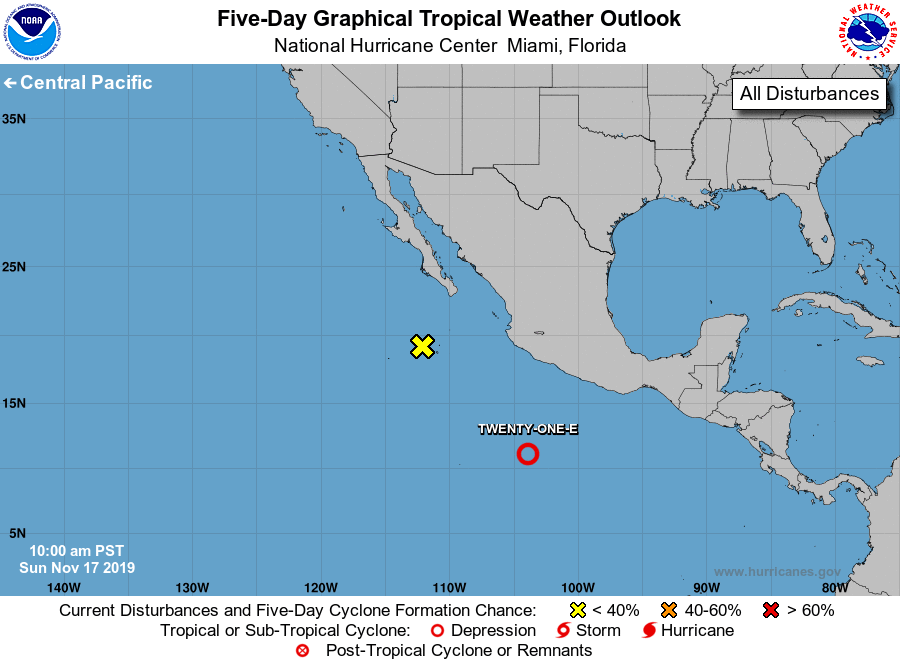
For the eastern North Pacific...east of 140 degrees west longitude:

The National Hurricane Center has issued the last advisory on Tropical Depression Raymond, and is issuing advisories on Tropical Depression Twenty-One-E, located well south of the southern coast of Mexico.

1. The interaction between the remnants of Raymond and a developing mid- to upper-level trough west of Baja California is expected to bring heavy rainfall to portions of the southern Baja California peninsula later today. No development of this system is anticipated.
* Formation chance through 48 hours...low...near 0 percent.
* Formation chance through 5 days...low...near 0 percent.

Forecaster Latto